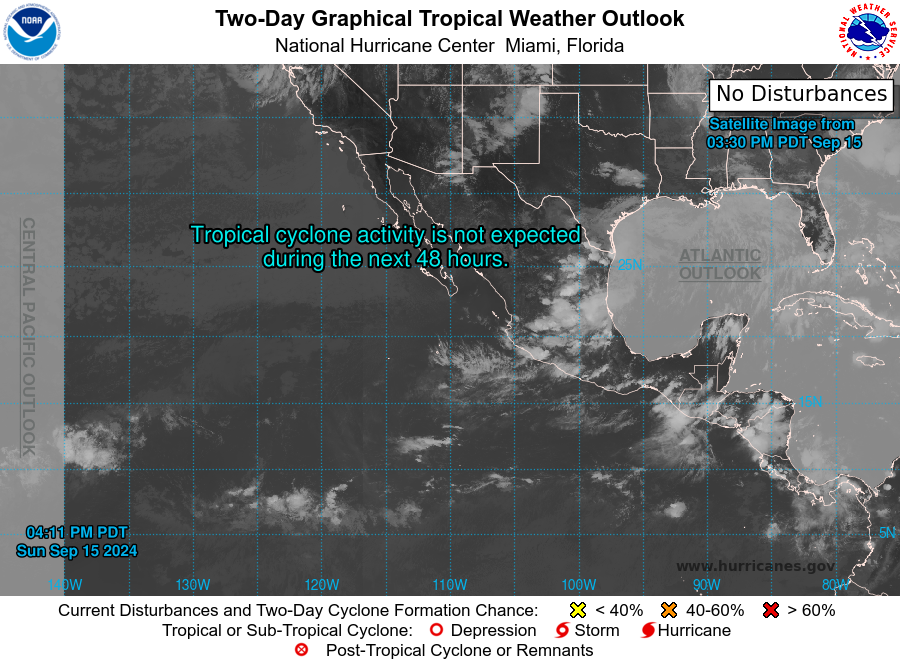
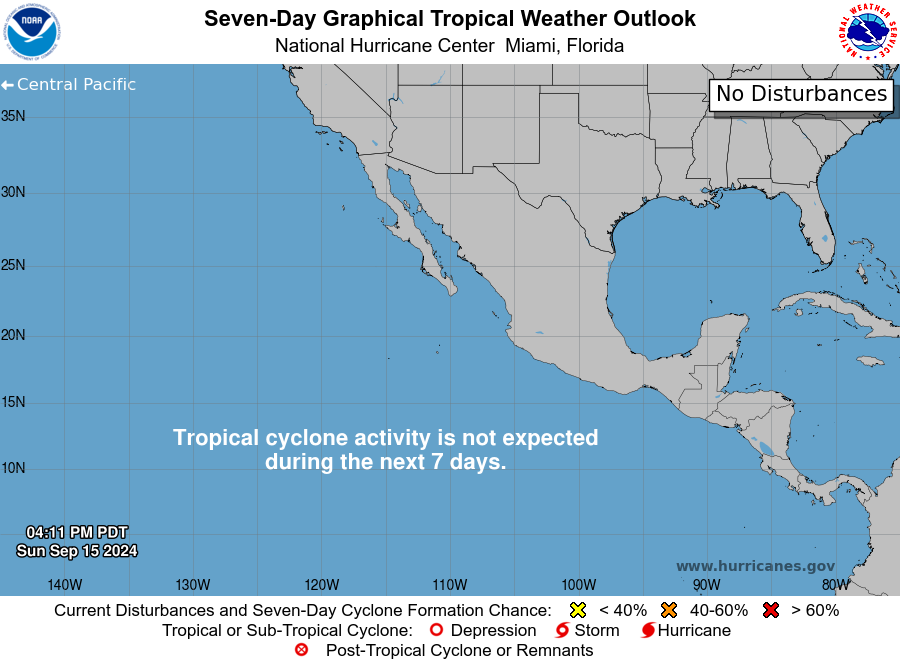
For the eastern North Pacific...east of 140 degrees west longitude:

Tropical cyclone formation is not expected during the next 7 days.

Forecaster Papin